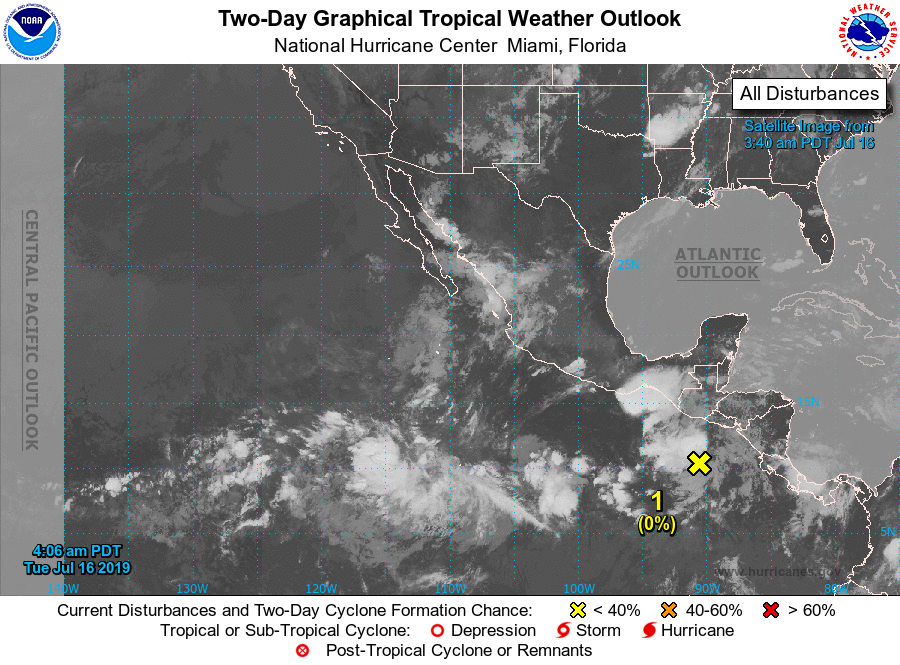
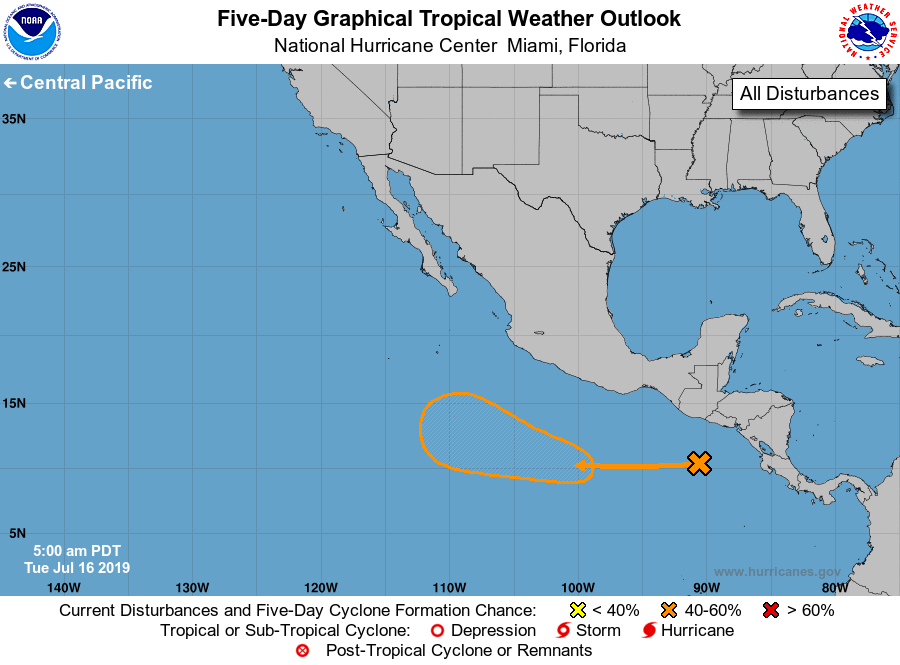
For the eastern North Pacific...east of 140 degrees west longitude:

1. A tropical wave located a couple of hundred miles south of Guatemala is producing disorganized cloudiness and showers. Environmental conditions are forecast to become conducive for gradual development later this week, and a tropical depression could form by the weekend. This disturbance is forecast to move westward to west- northwestward at 10 to 15 mph, well south of the coast of Mexico.
* Formation chance through 48 hours...low...near 0 percent.
* Formation chance through 5 days...medium...40 percent.

Forecaster Stewart